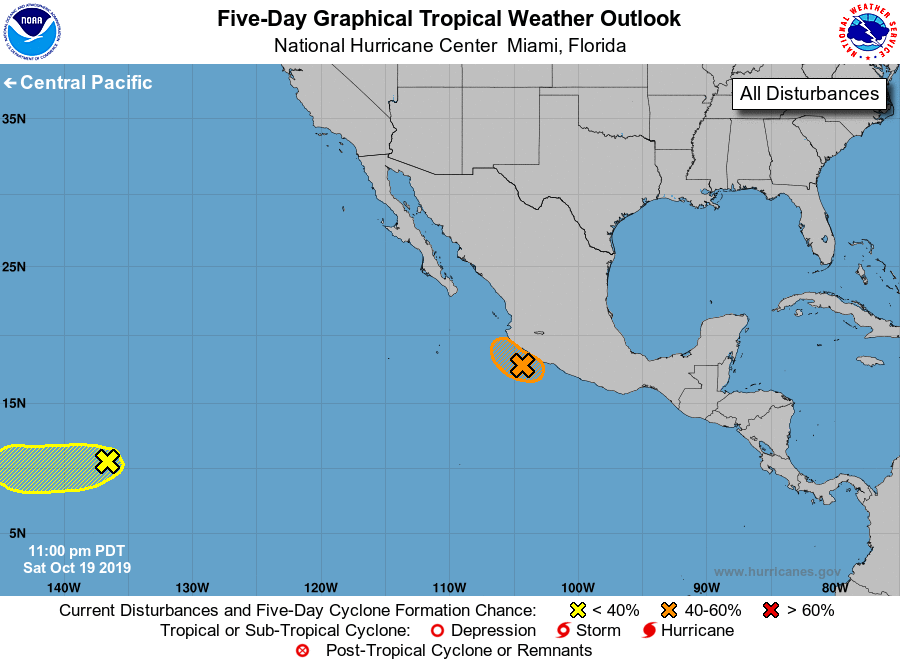
For the eastern North Pacific...east of 140 degrees west longitude:

1. Showers and thunderstorms are showing signs of organization in association with a low pressure system located near the west-central coast of Mexico. Some additional development of this system is possible and a short-lived tropical depression could form on Sunday before it moves inland by Sunday night. Regardless of whether or not this system becomes a tropical depression, heavy rainfall associated with this disturbance could produce flash flooding and mudslides across portions of Michoacan, Colima, and Jalisco, especially in areas of mountainous terrain, during the next couple of days.
* Formation chance through 48 hours...medium...50 percent.
* Formation chance through 5 days...medium...50 percent.

2. An elongated area of low pressure located over the far southwestern portion of the eastern Pacific basin is also producing disorganized showers and thunderstorms. Any development of this system should be slow to occur while it drifts westward during the next few days. This system is expected to move into the central Pacific basin by late Sunday.
* Formation chance through 48 hours...low...20 percent.
* Formation chance through 5 days...low...20 percent.

Forecaster Cangialosi